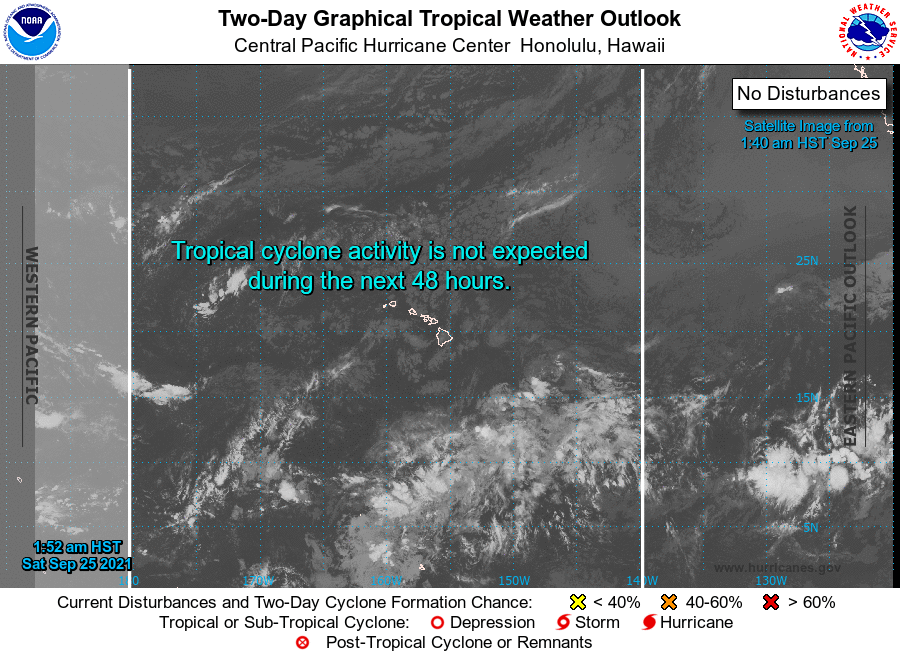
For the central North Pacific...between 140W and 180W:

No tropical cyclones are expected during the next 5 days.

Forecaster Lau